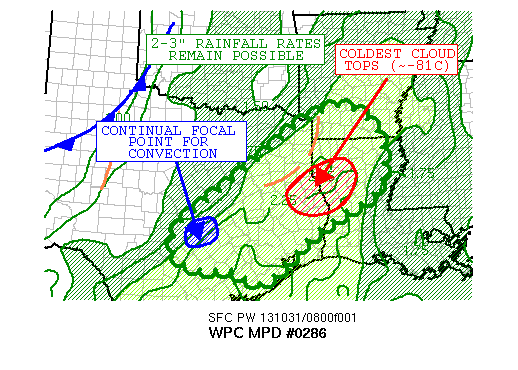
AREAS AFFECTED...EASTERN TX/SOUTHERN AR/WESTERN LA...

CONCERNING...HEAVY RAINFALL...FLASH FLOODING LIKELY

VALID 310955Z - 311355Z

SUMMARY...THE THREAT FOR FLASH FLOODING HAS SHIFTED EASTWARD
TOWARD THE TX/LA BORDER ALTHOUGH CONCERNS STILL LINGER UPSTREAM
FROM AUSTIN TX NORTHEASTERN TO NEAR TYLER TX.

DISCUSSION...A VERY IMPRESSIVE BAND OF CONVECTION HAS PERSISTED
MUCH OF THE OVERNIGHT HOURS WITH NUMEROUS REPORTS OF FLOODED
ROADS...EVACUATIONS...AND EVEN A FEW WATER RESCUES. MESONET
OBSERVATIONS HAVE DEPICTED A WIDESPREAD 1 TO 2 INCHES OF RAINFALL
PER HOUR WITH ISOLATED AREAS OF 3 INCH RAIN RATES. DURING THE PAST
6 HOURS...DOPPLER ESTIMATES SUGGEST 9 TO 12 INCHES OF RAIN MAY
HAVE FALLEN OVER THE AFFECTED REGION SINCE 03Z. ALTHOUGH CLOUD
TOPS HAVE BEGUN TO WARM ACROSS THE TX HILL COUNTRY...RESIDUAL RAIN
FALLING ATOP THE SATURATED GROUNDS WILL AID IN ADDITIONAL RAINOFF
AND FURTHER FLASH FLOOD CONCERNS.

LOOKING DOWNSTREAM...THE AXIS OF HEAVY RAINFALL HAS BEGUN
EXPANDING CLOSER TO THE TX/LA BORDER WHERE MANY LOCATIONS HAVE
VERY LOW FFG VALUES. THIS REGION IS WELL ENTRENCHED WITHIN THE
2.00 TO 2.25 INCHES PWATS WITH CELL MOTIONS REMAINING SLOW.
ALTHOUGH THE ACTIVITY IS NOT CURRENTLY TRAINING...SUCH
TRAJECTORIES REMAIN POSSIBLE DURING THE EARLY MORNING HOURS BEFORE
AN UPSTREAM SHORTWAVE EVENTUALLY LEADS TO A PROGRESSIVE STORM
MODE. AS HAS BEEN COMMON MUCH OF THE NIGHT...THE AIR MASS CLOSER
TO THE WESTERN GULF COAST REMAINS UNSTABLE WITH MLCAPE VALUES
ABOVE 1000 J/KG ACCORDING TO THE 09Z RAP. THIS CONVECTION SHOULD
CONTINUE TO SPAWN WITHIN THE UNSTABLE AIR MASS AND MOVE
NORTHEASTWARD INTO THE RAIN-COOLED AIR. GIVEN THE 75 DEGREE PLUS
DEW POINTS COMBINED WITH HIGHLY ANOMALOUS PWATS...THIS SHOULD
CONTINUE TO FAVOR RATHER HIGH RAINFALL RATES. WITH THAT
SAID...FLASH FLOODING WILL REMAIN A DISTINCT
POSSIBILITY...PARTICULARLY IN AREAS OF TRAINING/BACKBUILDING
CONVECTION.

THE HIGH-RESOLUTION MODELS SHOW SUFFICIENT CLUSTERING WITH THE
PLACEMENT OF THE HEAVY RAINFALL WHICH FURTHER INCREASES THE
CONFIDENCE IN THIS OUTLOOK. PARTICULARLY GIVEN THE RECENT TRENDS
ON RADAR/SATELLITE.